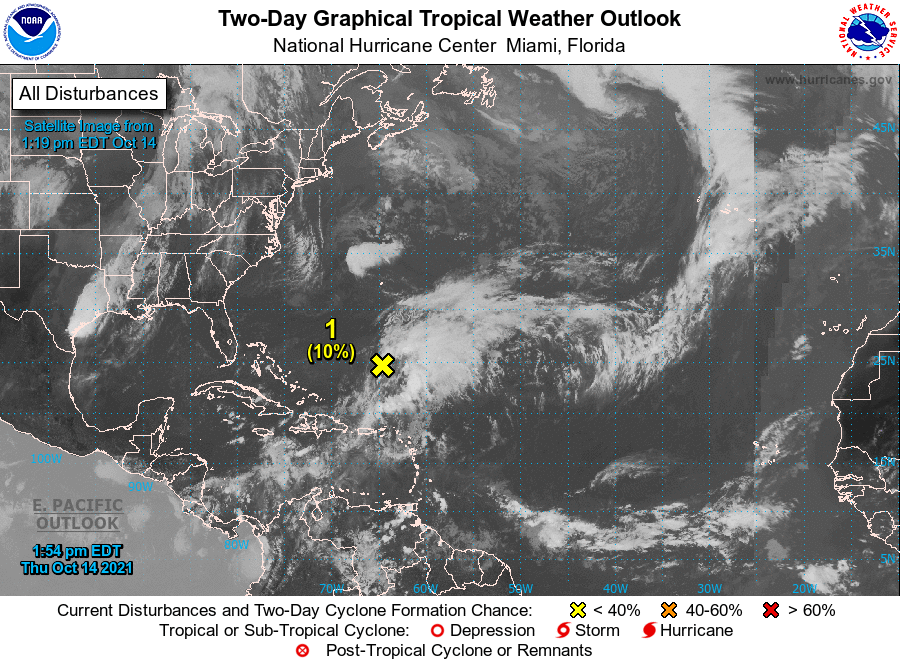
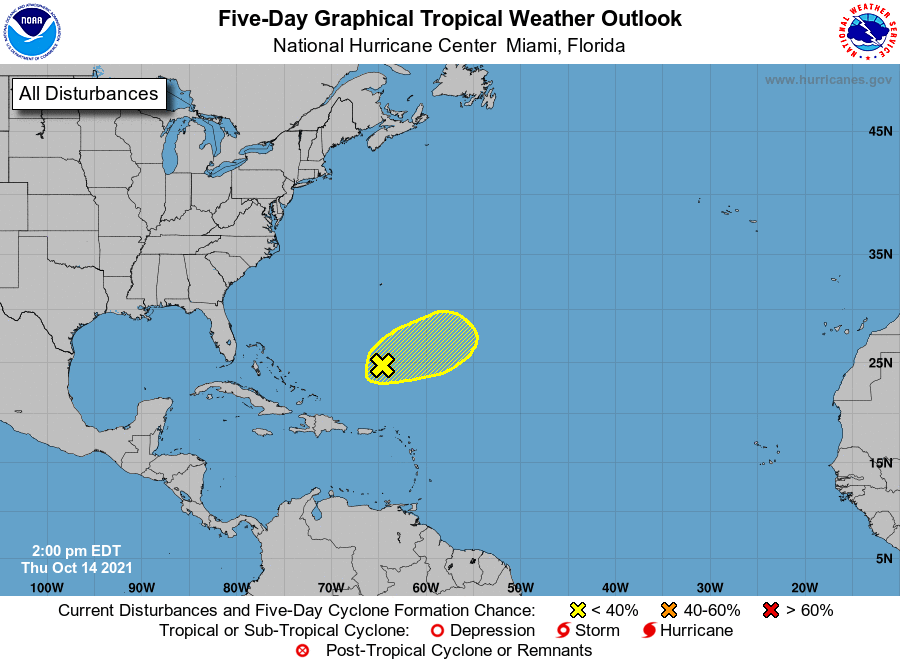
For the North Atlantic...Caribbean Sea and the Gulf of Mexico:

1. A broad area of low pressure located several hundred miles north of Puerto Rico continues to produce a large area of disorganized showers and thunderstorms primarily east of its center. Recent satellite wind data indicates this low remains elongated on its west side and strong upper-level winds are expected to prevent significant development of this system during the next day or so. On Friday, this low is forecast to accelerate to the east-northeast while merging with a mid-latitude trough and further tropical development is not anticipated after that time. Additional information on this system, including gale warnings, can be found in High Seas Forecasts issued by the National Weather Service.
* Formation chance through 48 hours...low...10 percent.
* Formation chance through 5 days...low...10 percent.

High Seas Forecasts issued by the National Weather Service can be found under AWIPS header NFDHSFAT1, WMO header FZNT01 KWBC, and online at ocean.weather.gov/shtml/NFDHSFAT1.php

Forecaster Papin